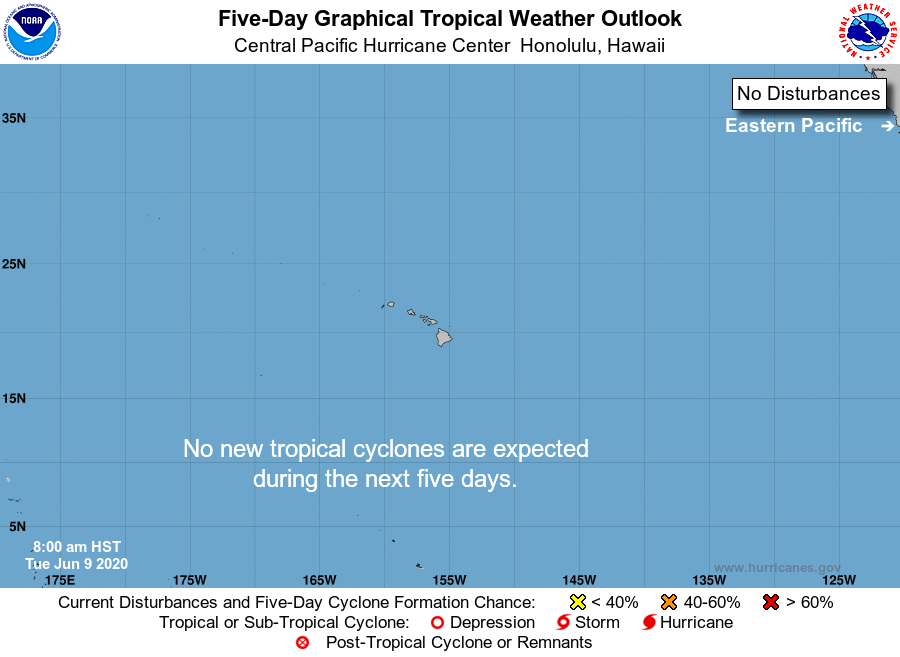
For the central North Pacific...between 140W and 180W:

No tropical cyclones are expected during the next 5 days.

Forecaster TS